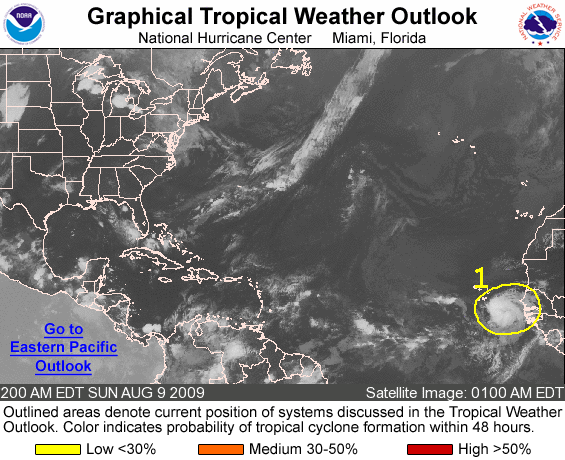
FOR THE NORTH ATLANTIC...CARIBBEAN SEA AND THE GULF OF MEXICO...

1. AN AREA OF CONCENTRATED THUNDERSTORMS BETWEEN THE CAPE VERDE ISLANDS AND THE COAST OF AFRICA IS ASSOCIATED WITH A WESTWARD MOVING TROPICAL WAVE. SLOW DEVELOPMENT OF THIS SYSTEM IS POSSIBLE DURING THE NEXT COUPLE OF DAYS. THERE IS A LOW CHANCE...LESS THAN 30 PERCENT...OF THIS SYSTEM BECOMING A TROPICAL CYCLONE DURING THE NEXT 48 HOURS.

ELSEWHERE...TROPICAL CYCLONE FORMATION IS NOT EXPECTED DURING THE NEXT 48 HOURS.

FORECASTER BEVEN